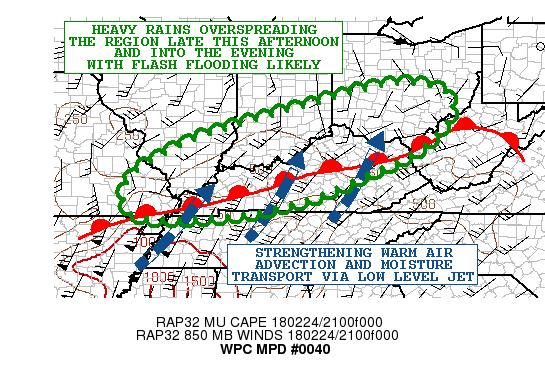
AREAS AFFECTED...SOUTHEAST MO...SOUTHERN IL...SOUTHERN
IN...CENTRAL/SOUTHERN OH...WESTERN/NORTHERN KY

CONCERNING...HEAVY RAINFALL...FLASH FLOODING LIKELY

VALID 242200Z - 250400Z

SUMMARY...HEAVY SHOWERS AND THUNDERSTORMS WILL CONTINUE TO LIFT
NORTHEAST UP ALONG THE OH RIVER VALLEY THROUGH THE EVENING HOURS.
FLASH FLOODING WILL BE LIKELY GIVEN THE SATURATED SOIL CONDITIONS.

DISCUSSION...AN UPPER TROUGH IS ADVANCING TOWARD THE UPPER MIDWEST
LATE THIS AFTERNOON WHICH IS PROMOTING A STRONG WARM AIR ADVECTION
AND MOISTURE TRANSPORT PATTERN DOWNSTREAM ACROSS THE OH VALLEY.
ALREADY THE LATEST RADAR IMAGERY SHOWS A BROKEN AXIS OF SHOWERS
AND THUNDERSTORMS FOCUSING ALONG AND GENERALLY NORTH OF A WARM
FRONT FROM SOUTHEAST MO AND SOUTHERN IL EAST ACROSS MUCH OF
CENTRAL/WESTERN KY AND SOUTHERN IN.

AS SUPPORTED BY A CONSENSUS OF THE LATEST CAM GUIDANCE...THIS
ACTIVITY WILL CONTINUE TO ADVANCE GENERALLY NORTHEAST OVER THE
NEXT SEVERAL HOURS AND WILL TEND TO BECOME A BIT MORE
CONCENTRATED/FOCUSED AS LARGER SCALE FORCING WITH THE APPROACH OF
THE UPSTREAM TROUGH ARRIVES IN CONJUNCTION WITH A STRONGER
SOUTHWEST LOW LEVEL JET. THIS WILL DRIVE NOT ONLY STRONGER
ISENTROPIC ASCENT NORTH OF THE WARM FRONT...BUT ALSO HIGH PWATS
WITH TIME THAT SHOULD REACH UP OVER 1.25 INCHES AND LOCALLY OVER
1.5 INCHES BY LATE EVENING. INSTABILITY IS EXPECTED TO BE RATHER
MODEST OVERALL...BUT LARGER SCALE ASCENT SHOULD TEND TO OVERCOME
THIS AND STILL FOSTER AN EXTENSIVE AXIS OF HEAVY RAINFALL WITH
POTENTIAL FOR SW/NE ORIENTED TRAINING OF CONVECTIVE CELLS.

EXPECT RAINFALL RATES TO REACH UP AS HIGH AS 1.5 INCHES/HR...WITH
STORM TOTALS THROUGH 03Z OF AS MUCH AS 2 TO 4 INCHES WITH ISOLATED
HEAVIER TOTALS. THIS IS LIKELY TO CAUSE SIGNIFICANT RUNOFF
PROBLEMS AND FLASH FLOODING GIVEN MULTIPLE ROUNDS OF HEAVY RAIN
OVER THE LAST WEEK.